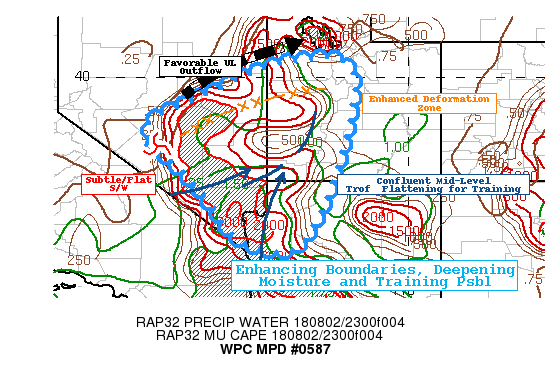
Areas affected...Southwest UT...Southern NV...Northwest AZ...

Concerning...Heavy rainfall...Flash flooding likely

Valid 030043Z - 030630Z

SUMMARY...Ongoing convection seeking out remaining instability
within favorable upper level ascent region but will deminish with
loss of daytime heating.

DISCUSSION...Goes-W Visible/IR imagery show numerous clusters of
convective development with small core overshooting tops
throughout, especially across Mohave county, AZ into SW UT where
deepest/coolest tops reside in the range of -65 to -70C.  Blended
TPW and GPS network also depicts slowly increasing moisture from
the Lower Colorado River Basin lifting into the Vegas metro and
northeastward into SW UT.  This is in response to the advancement
of a subtle/flat shortwave feature crossing out of the Central
Sierra into the Range/Basin area of central NV.

In addition to the DPVA from the wave, highly anticyclonically
curved jet and outflow channel exists especially further north
into UT/Central NV, where some organizational/deforamtion
zone/baroclinic leaf pattern is starting to emerge suggesting a
bit of training/increased moisture pooling from N Nye to White
Pine to Juab county...while deepest moisture remains in the lower
valley, GPS indicates increases to near 1" (00z SLC sounding to
1.03")which is in the 175-200% or in the 90-95th percentiles,
providing increased efficiency to cells along the deformation
band.  While instability is a bit less than further south, values
in the 500-1000 J/kg range should be sufficient to maintain heavy
rainfall threat.   HRRR suggests this band will advance westward
but will also build south into S NV, and with slower deep cloud
bearing flow, may align favorably into SW UT for some additional
training after 03z as well.  Deeper moisture to 1.5" and
instaiblity over 1500 J/kg, are more likely to support deeper and
more efficent rainfall production making flash flooding to
continue and be likely through the evening and early overnight
hours.